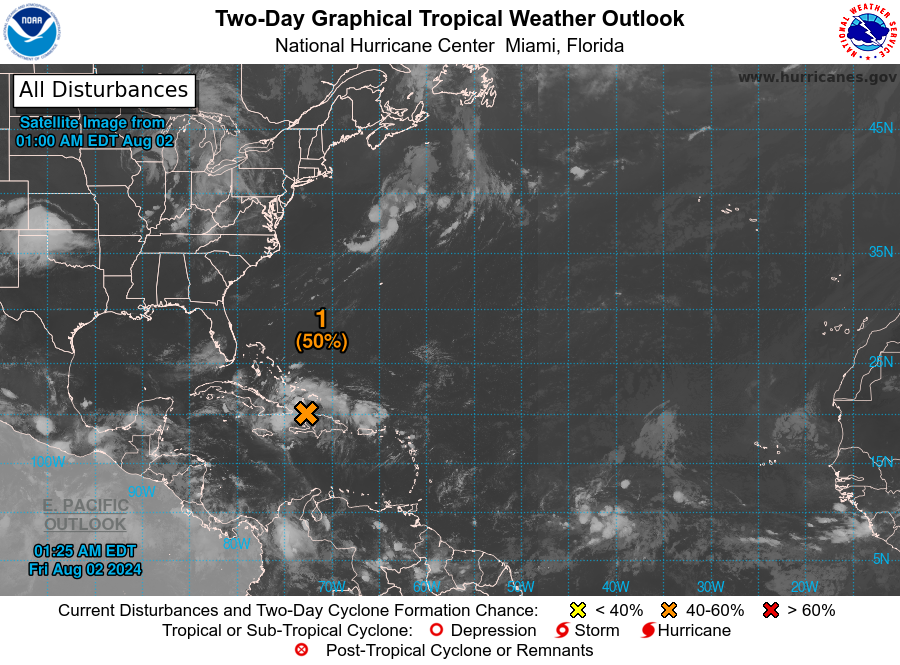
For the North Atlantic...Caribbean Sea and the Gulf of Mexico:

1. Straits of Florida and Eastern Gulf of Mexico (AL97): A well-defined tropical wave is producing a large area of disorganized showers and thunderstorms over Hispaniola, the southeastern Bahamas, eastern Cuba, and the adjacent waters of the southwestern Atlantic. The wave is expected to move near or over Cuba throughout the day and then emerge over the Straits of Florida tonight or Saturday. Environmental conditions are expected to be conducive for additional development after that time, and a tropical depression is likely to form this weekend over the Straits of Florida or eastern Gulf of Mexico near the Florida Peninsula. Tropical storm watches or warnings could be required for portions of Florida later today.

Regardless of development, heavy rains could cause areas of flash flooding across Florida, Cuba, and the Bahamas through the weekend, and interests in these locations should continue to monitor the progress of this system. A NOAA Hurricane Hunter aircraft is scheduled to investigate this system later today, if necessary.
* Formation chance through 48 hours...medium...50 percent.
* Formation chance through 7 days...high...80 percent.

Forecaster Cangialosi